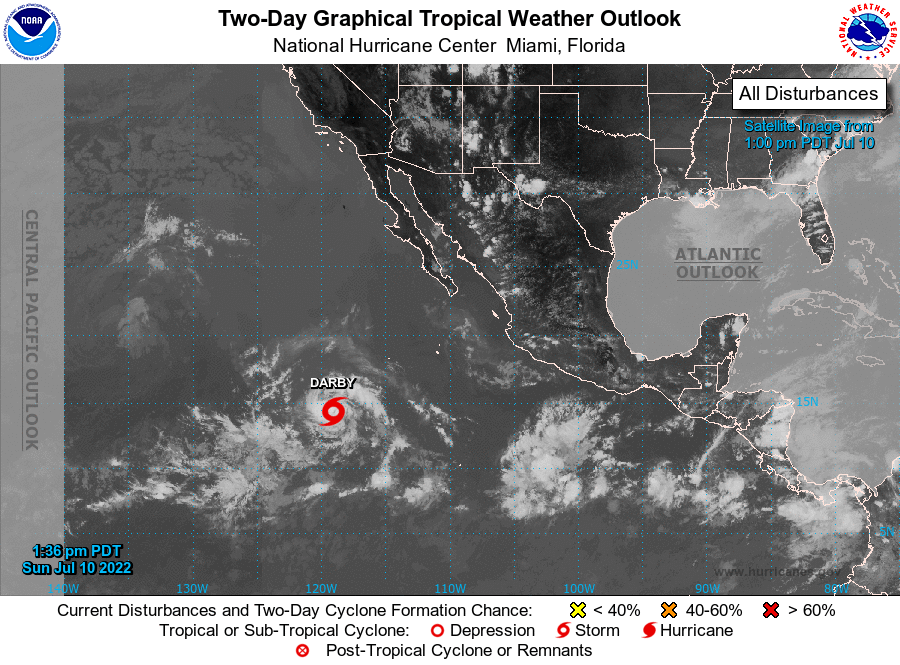
For the eastern North Pacific...east of 140 degrees west longitude:

Active Systems: The National Hurricane Center is issuing advisories on Tropical Storm Darby, located several hundred miles southwest of the southern tip of the Baja California peninsula.

1. Offshore of Southern Mexico: An area of low pressure is forecast to form south of the southern coast of Mexico by midweek. Environmental conditions are expected to be conducive for gradual development thereafter and this system could become a tropical depression by late this week. The disturbance is forecast to move westward to west-northwestward at 10 to 15 mph, remaining offshore of the southern coast of Mexico.
* Formation chance through 48 hours...low...near 0 percent.
* Formation chance through 5 days...medium...50 percent.

Public Advisories on Tropical Storm Darby are issued under WMO header WTPZ35 KNHC and under AWIPS header MIATCPEP5. Forecast/Advisories on Tropical Storm Darby are issued under WMO header WTPZ25 KNHC and under AWIPS header MIATCMEP5.

Forecaster Brown